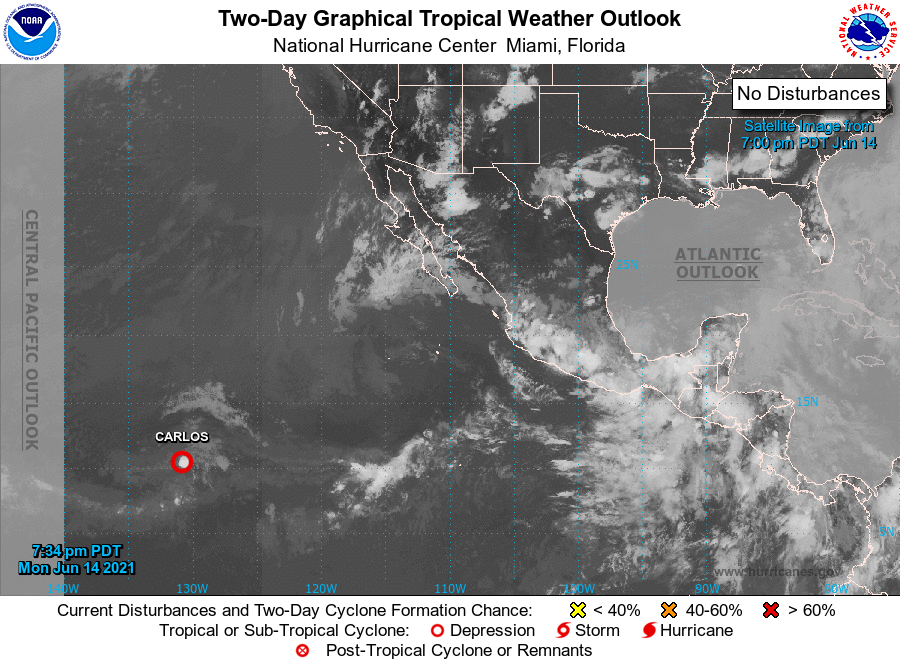
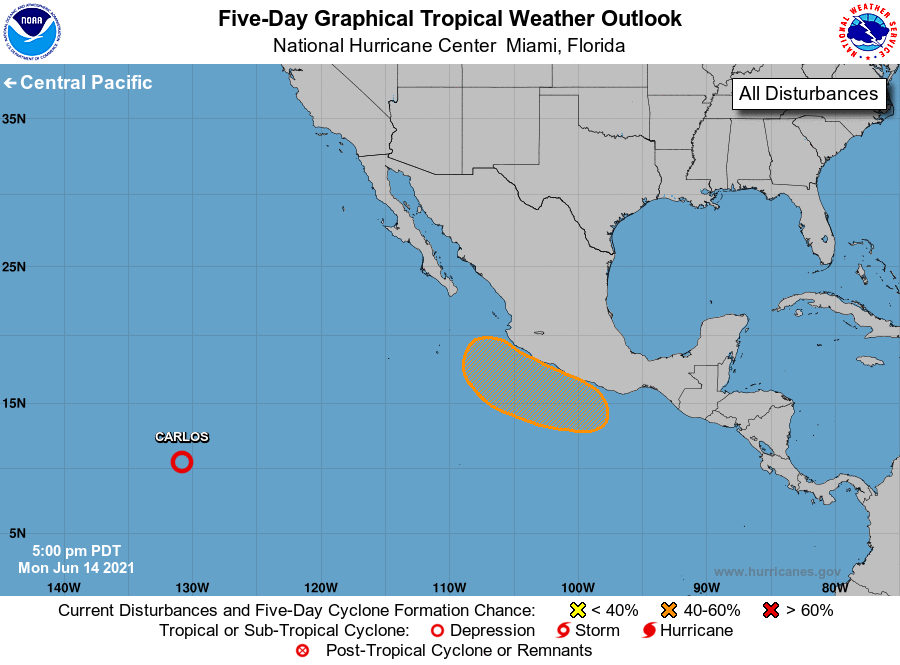
For the eastern North Pacific...east of 140 degrees west longitude:

The National Hurricane Center is issuing advisories on Tropical Depression Carlos, located almost 1600 miles west-southwest of the southern tip of the Baja California peninsula.

1. An area of low pressure is expected to form later this week a couple of hundred miles offshore of the coast of southwestern Mexico. Environmental conditions are expected to be conducive for gradual development of this system thereafter, and a tropical depression could form by this weekend while it moves slowly northwestward, roughly parallel to the southwestern coast of Mexico.
* Formation chance through 48 hours...low...near 0 percent.
* Formation chance through 5 days...medium...50 percent.

Forecaster Reinhart/Pasch